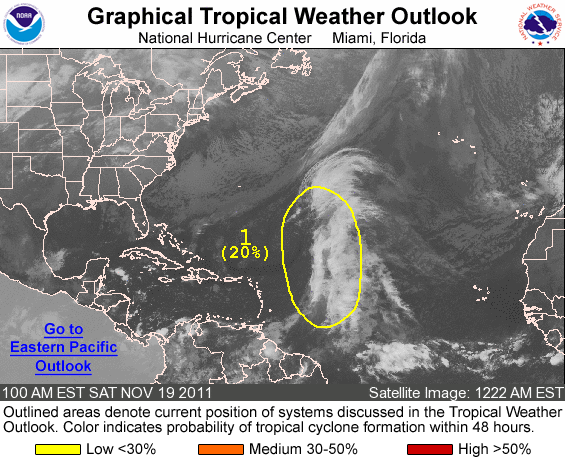
FOR THE NORTH ATLANTIC...CARIBBEAN SEA AND THE GULF OF MEXICO...

1. A LARGE AND ELONGATED AREA OF CLOUDINESS AND SHOWERS CONTINUES OVER THE CENTRAL ATLANTIC OCEAN APPROXIMATELY 800 TO 900 MILES EAST AND NORTHEAST OF THE LEEWARD ISLANDS. THIS ACTIVITY IS ASSOCIATED WITH THE INTERACTION BETWEEN A SURFACE TROUGH...A TROPICAL WAVE...AND AN UPPER-LEVEL LOW. SLOW DEVELOPMENT IS POSSIBLE AS THIS SYSTEM DRIFTS GENERALLY NORTHWARD OVER THE NEXT COUPLE OF DAYS...AND IT HAS A LOW CHANCE...20 PERCENT...OF BECOMING A SUBTROPICAL OR TROPICAL CYCLONE DURING THE NEXT 48 HOURS.

ELSEWHERE...TROPICAL CYCLONE FORMATION IS NOT EXPECTED DURING THE NEXT 48 HOURS.

FORECASTER BEVEN